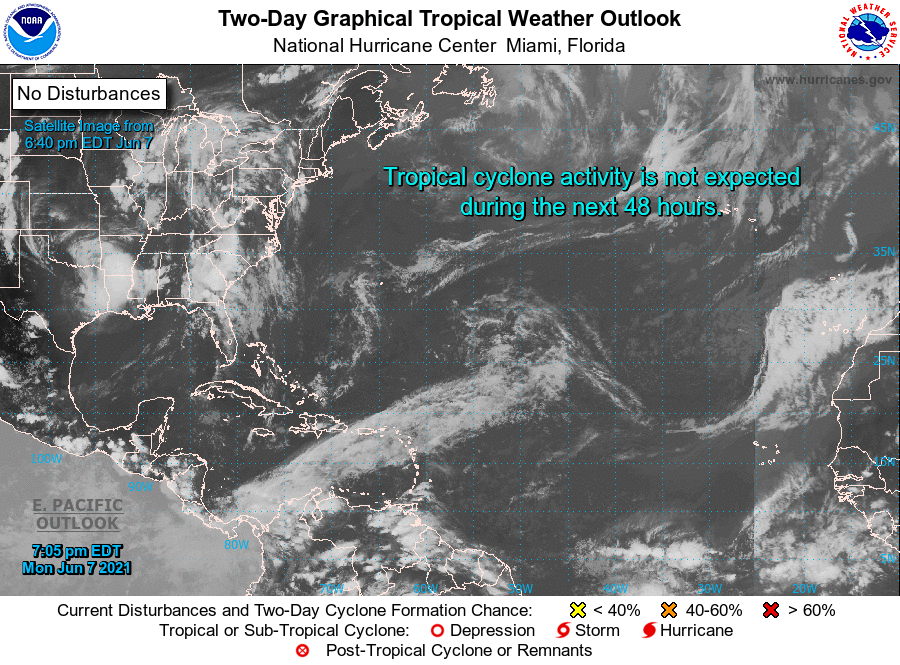
For the North Atlantic...Caribbean Sea and the Gulf of Mexico:

1. An area of low pressure is expected to develop over the southwestern Caribbean Sea by Wednesday or Thursday. Some gradual development will be possible thereafter while the system moves slowly northwestward toward Central America. Regardless of development, this system could produce heavy rainfall across northern Colombia and portions of Central America from Honduras southward later this week and into the weekend. See products from your local meteorological service for more information.
* Formation chance through 48 hours...low...near 0 percent.
* Formation chance through 5 days...low...30 percent.

Forecaster Stewart